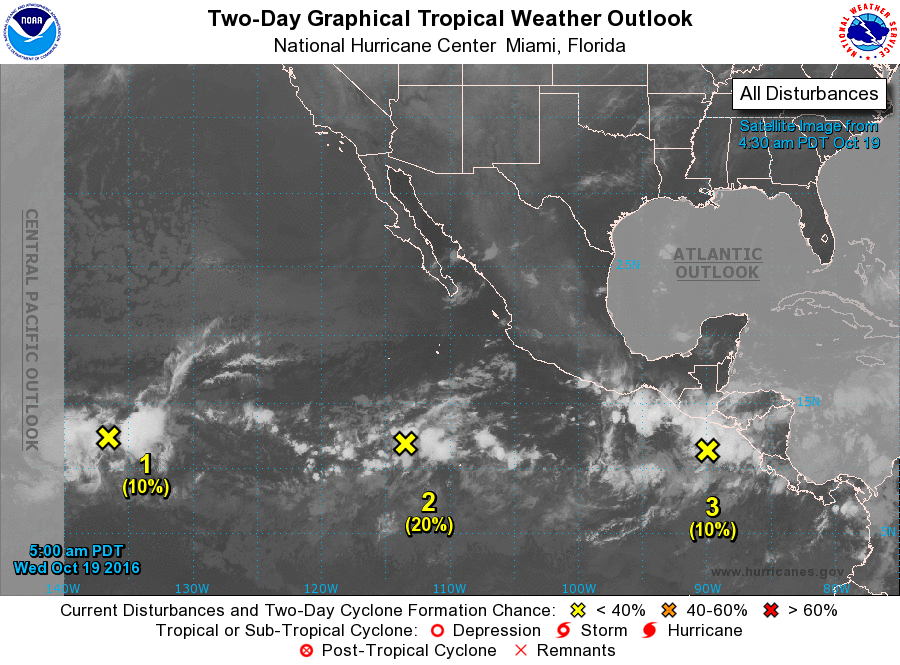
For the eastern North Pacific...east of 140 degrees west longitude:

1. A low pressure area located about 1250 miles east-southeast of the Big Island of Hawaii continues to produce disorganized showers and thunderstorms. Environmental conditions are forecast to become less conducive for development during the next day or so, and significant development of this system appears unlikely while it moves westward at about 10 mph.
* Formation chance through 48 hours...low...10 percent
* Formation chance through 5 days...low...10 percent

2. Cloudiness and thunderstorms located about 750 miles south- southwest of the southern tip of the Baja California peninsula is associated with a broad area of low pressure. Although upper-level winds are only marginally conducive, some development of this system is possible during the next several days while the disturbance drifts northward or northwestward.
* Formation chance through 48 hours...low...20 percent
* Formation chance through 5 days...low...30 percent

3. Disorganized showers and thunderstorms over the far eastern Pacific near Central America are associated with a surface trough. Environmental conditions are forecast to become more favorable for some development of this disturbance over the weekend while the system moves toward the west-northwest at about 10 to 15 mph.
* Formation chance through 48 hours...low...10 percent
* Formation chance through 5 days...medium...40 percent

Forecaster Blake